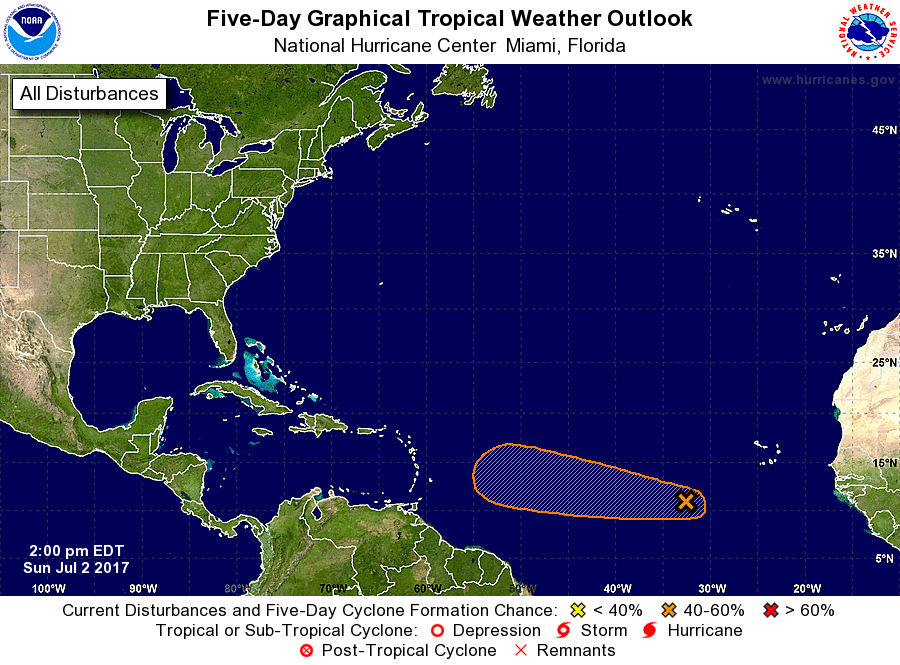
For the North Atlantic...Caribbean Sea and the Gulf of Mexico:

1. Showers and thunderstorms associated with a weak area of low pressure located about 650 miles west-southwest of the Cabo Verde Islands remain disorganized. Environmental conditions are expected to be conducive for some gradual development of this system later this week while it moves generally westward at about 10 mph.
* Formation chance through 48 hours...low...10 percent.
* Formation chance through 5 days...medium...50 percent.

Forecaster Cangialosi